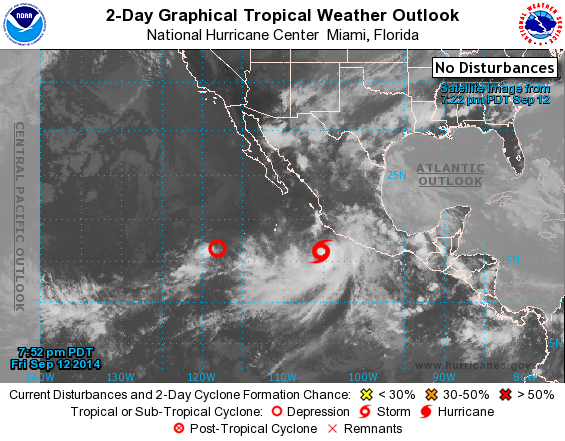
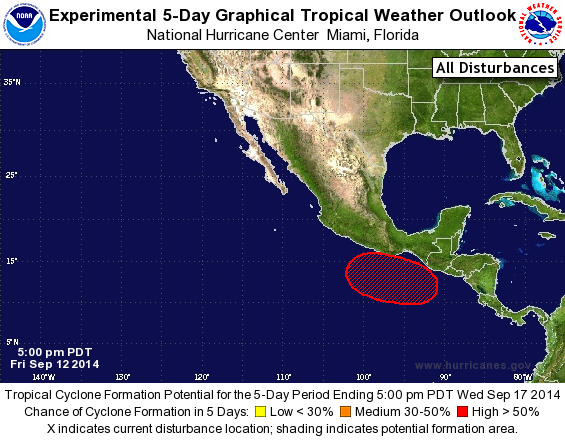
For the eastern North Pacific...east of 140 degrees west longitude:

The National Hurricane Center is issuing advisories on Tropical Storm Odile, located a couple of hundred miles south of Manzanillo, Mexico, and on Tropical Depression Sixteen-E, located several hundred miles west-southwest of the southern tip of the Baja California peninsula.

1. An area of low pressure is expected to form south of the coast of southeastern Mexico by early next week. Environmental conditions are conducive for gradual development of this system after that time while it moves slowly northwestward.
* Formation chance through 48 hours...low...near 0 percent.
* Formation chance through 5 days...high...60 percent.

Forecaster Kimberlain